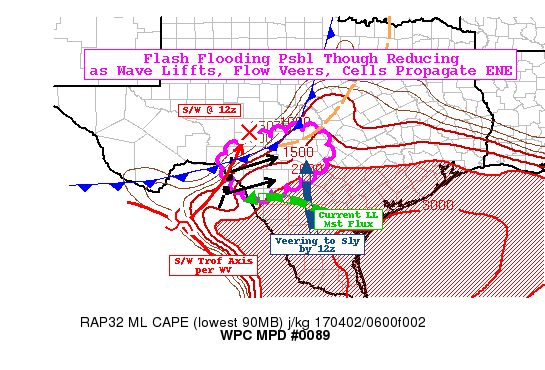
AREAS AFFECTED...SRN EDWARDS PLATEAU...WRN HILL COUNTRY OF TX

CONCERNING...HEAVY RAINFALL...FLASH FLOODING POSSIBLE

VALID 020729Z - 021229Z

SUMMARY...CONTINUED FLASH FLOOD THREAT AS SHORTWAVE LIFTS OUT OF
NORTHEAST MEXICO.

DISCUSSION...CURRENT GOES-16 WV/IR DEPICT A VERY DEEP COLD
CONVECTIVE COMPLEX WITH PERCOLATING OVERSHOOTING TOPS ACROSS
SOUTHEAST VAL VERDE COUNTY REACHING TO -75C AT TIMES.  FURTHER
UPSTREAM HOWEVER...WV CHANNELS SHOW A VERY SUBTLE ARC INDICATIVE
OF THE MEAN MID-LEVEL TROF/SHORTWAVE AXIS AT THAT IS STARTING TO
LIFT NORTH.  SURROUNDING CIRRUS/STRATUS IS ERODING WITH LOSS OF
THIS LARGE SCALE DPVA/ASCENT AS IT SHIFTS NORTHEASTWARD.  SOUTHERN
MOST STORM/OVERSHOOTING TOP HAS ALREADY STARTED TO WEAKEN SLIGHTLY
AS IT WAS ANCHORED ON STRONG EASTERLY FLOW ON THE TERRAIN...AND
WILL BEGIN TO TRACK ENE.  A DRY PUNCH WILL BEGIN TO PRESS
NORTHEAST OUT OF THE SERRANIAS DEL BURRO IN THE NEXT FEW
HOURS...STILL STRONG EASTERLY LOW LEVEL FLOW AND MOISTURE FLUX
WILL CONTINUE TO MAINTAIN CONVECTION ALONG THE EASTERN FLANK OF
THE ELEVATED MIXED LAYER CONTINUING TO BE FED BY SOLID 2000+ J/KG
INSTABILITY. SFC TDS IN THE MID TO UPPER 60S AND DEEPER OVERALL
TPW TO 1.5" WILL ALLOW FOR EFFICIENT RAINFALL PRODUCTION WITH
THESE CELLS WITH RATES OF 2.0"/HR LIKELY TO CONTINUE.  GIVEN A FEW
MORE HOURS OF VERY SLOW MOTIONS BEFORE THE MAIN FORCING
LIFTS...ADDITIONAL 3-4" MAY BE POSSIBLE PARTICULARLY ACROSS SE VAL
VERDE/KINNEY/EDWARDS AND REAL COUNTIES.

AS SHORTWAVE LIFTS NORTHWARD INTO THE EDWARDS PLATEAU TOWARD
12Z...CONTINUE UPPER LEVEL DIVERGENCE WILL SUPPORT UPPER VERTICAL
VELOCITY EVEN AS THE LOW LEVEL FLOW REGIME BEGINS TO VEER FROM
EASTERLY TO SOUTHERLY REDUCING MST CONVERGENCE/FLUX. AND AS SUCH
FORWARD PROPAGATION TO THE EAST AND NORTHEAST WILL COMMENCE
REDUCING DURATION OF HEAVY RAINFALL LIMITING EXTREME TOTALS TOWARD
11-12Z THOUGH WITH REMAINING SUFFICIENT FORWARD PROPAGATING
CONVERGENCE OF MOIST/UNSTABLE AIR RATES WOULD REMAIN A CONCERN FOR
CONTINUED FLASH FLOODING THREAT BUT MORE LOCALIZED PARTICULARLY IN
NARROW CHANNEL/COMPLEX/RUGGED TERRAIN OF THE WESTERN HILL COUNTY.